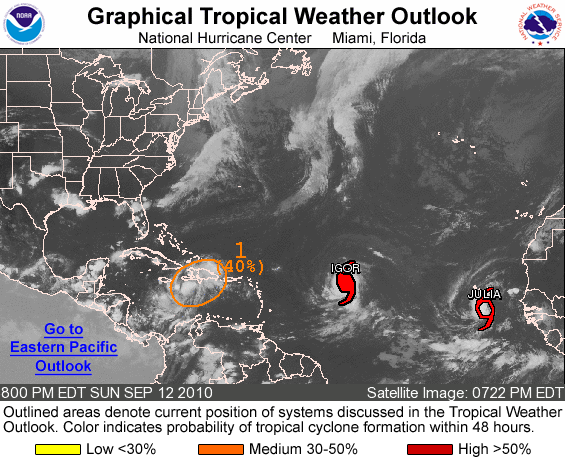
FOR THE NORTH ATLANTIC...CARIBBEAN SEA AND THE GULF OF MEXICO...

THE NATIONAL HURRICANE CENTER IS ISSUING ADVISORIES ON HURRICANE IGOR...LOCATED ABOUT 1065 MILES EAST OF THE NORTHERN LEEWARD ISLANDS...AND ON TROPICAL DEPRESSION TWELVE...LOCATED ABOUT 140 MILES SOUTHEAST OF THE SOUTHERNMOST CAPE VERDE ISLANDS.

1. AIRCRAFT DATA FROM NOAA AND NASA RESEARCH MISSIONS WITHIN THE AREA OF DISTURBED WEATHER OVER THE CENTRAL CARIBBEAN SEA SUGGEST THAT THE SYSTEM MAY NOT HAVE A WELL-DEFINED CENTER OF CIRCULATION. HOWEVER...THE DISTURBANCE IS STILL PRODUCING A LARGE AND DISORGANIZED AREA OF SHOWERS AND THUNDERSTORMS WHICH COULD CAUSE LOCALLY HEAVY RAINFALL IN PORTIONS OF PUERTO RICO...HISPANIOLA... JAMAICA...AND CUBA DURING THE NEXT DAY OR TWO. THESE RAINS COULD CAUSE LIFE-THREATENING FLASH FLOODS AND MUD SLIDES...ESPECIALLY IN MOUNTAINOUS TERRAIN. THERE IS A MEDIUM CHANCE...40 PERCENT...THAT THIS SYSTEM COULD BECOME A TROPICAL CYCLONE DURING THE NEXT 48 HOURS AS IT MOVES WEST-NORTHWESTWARD AT 10 TO 15 MPH TOWARD THE NORTHWESTERN CARIBBEAN SEA.

ELSEWHERE...TROPICAL CYCLONE FORMATION IS NOT EXPECTED DURING THE NEXT 48 HOURS.

PUBLIC ADVISORIES ON TROPICAL DEPRESSION TWELVE ARE ISSUED UNDER WMO HEADER WTNT32 KNHC AND UNDER AWIPS HEADER MIATCPAT2. FORECAST/ADVISORIES ARE ISSUED UNDER WMO HEADER WTNT22 KNHC AND UNDER AWIPS HEADER MIATCMAT2.

FORECASTER BERG